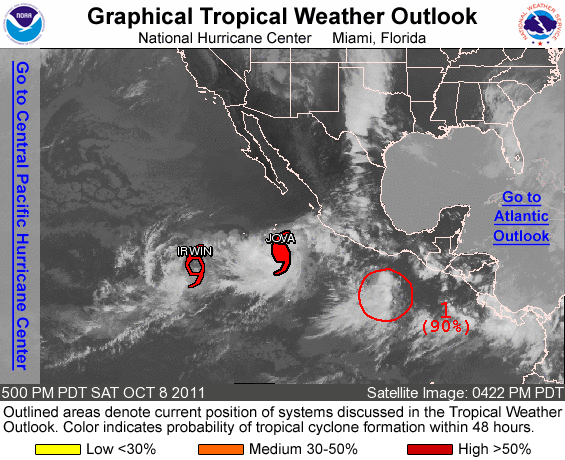
FOR THE EASTERN NORTH PACIFIC...EAST OF 140 DEGREES WEST LONGITUDE..

THE NATIONAL HURRICANE CENTER IS ISSUING ADVISORIES ON RECENTLY UPGRADED HURRICANE JOVA...LOCATED ABOUT 440 MILES WEST-SOUTHWEST OF MANZANILLO MEXICO...AND ON RECENTLY DOWNGRADED TROPICAL STORM IRWIN...LOCATED ABOUT 930 MILES SOUTHWEST OF THE SOUTHERN TIP OF BAJA CALIFORNIA.

1. SATELLITE DATA INDICATE THAT THE CIRCULATION OF A LOW PRESSURE SYSTEM LOCATED ABOUT 450 MILES SOUTH-SOUTHEAST OF ACAPULCO MEXICO IS BECOMING BETTER DEFINED. THIS LOW COULD BECOME A TROPICAL DEPRESSION LATER TONIGHT OR ON SUNDAY AS IT MOVES SLOWLY NORTHEASTWARD. THIS SYSTEM HAS A HIGH CHANCE...90 PERCENT...OF BECOMING A TROPICAL CYCLONE DURING THE NEXT 48 HOURS.

ELSEWHERE...TROPICAL CYCLONE FORMATION IS NOT EXPECTED DURING THE NEXT 48 HOURS.

FORECASTER CANGIALOSI